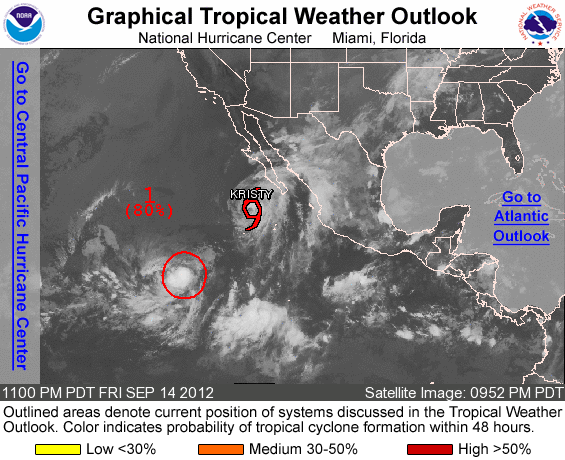
FOR THE EASTERN NORTH PACIFIC...EAST OF 140 DEGREES WEST LONGITUDE..

THE NATIONAL HURRICANE CENTER IS ISSUING ADVISORIES ON TROPICAL STORM KRISTY...LOCATED ABOUT 275 MILES WEST-SOUTHWEST OF THE SOUTHERN TIP OF BAJA CALIFORNIA.

1. SHOWERS AND THUNDERSTORMS HAVE INCREASED AND BECOME MORE CONCENTRATED NEAR A LOW PRESSURE SYSTEM LOCATED ABOUT 1000 MILES SOUTHWEST OF THE SOUTHERN TIP OF BAJA CALIFORNIA. ENVIRONMENTAL CONDITIONS ARE BECOMING MORE CONDUCIVE FOR DEVELOPMENT...AND A TROPICAL DEPRESSION COULD FORM ON SATURDAY. THIS SYSTEM HAS A HIGH CHANCE...80 PERCENT...OF BECOMING A TROPICAL CYCLONE DURING THE NEXT 48 HOURS AS IT MOVES SLOWLY TOWARD THE WEST OR WEST-NORTHWEST.

ELSEWHERE...TROPICAL CYCLONE FORMATION IS NOT EXPECTED DURING THE NEXT 48 HOURS.

FORECASTER KIMBERLAIN